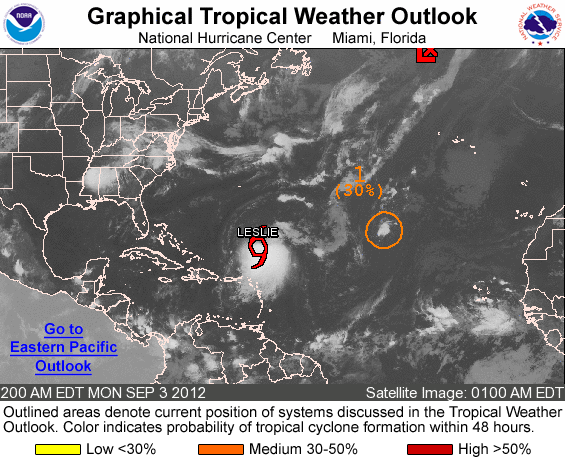
FOR THE NORTH ATLANTIC...CARIBBEAN SEA AND THE GULF OF MEXICO...

THE NATIONAL HURRICANE CENTER IS ISSUING ADVISORIES ON TROPICAL STORM LESLIE..LOCATED ABOUT 435 MILES NORTH OF THE LEEWARD ISLANDS.

1. A SMALL LOW PRESSURE SYSTEM CENTERED ABOUT 1175 MILES NORTHWEST OF THE CAPE VERDE ISLANDS IS PRODUCING A CONCENTRATED AREA OF SHOWERS AND THUNDERSTORMS. ALTHOUGH UPPER-LEVEL WINDS ARE ONLY MARGINALLY CONDUCIVE...SOME GRADUAL DEVELOPMENT OF THIS DISTURBANCE IS STILL POSSIBLE OVER THE NEXT FEW DAYS. THIS SYSTEM HAS A MEDIUM CHANCE...30 PERCENT...OF BECOMING A TROPICAL CYCLONE DURING THE NEXT 48 HOURS AS IT MOVES WEST-SOUTHWESTWARD TO WESTWARD AT 10 MPH.

ELSEWHERE...TROPICAL CYCLONE FORMATION IS NOT EXPECTED DURING THE NEXT 48 HOURS.

FORECASTER STEWART